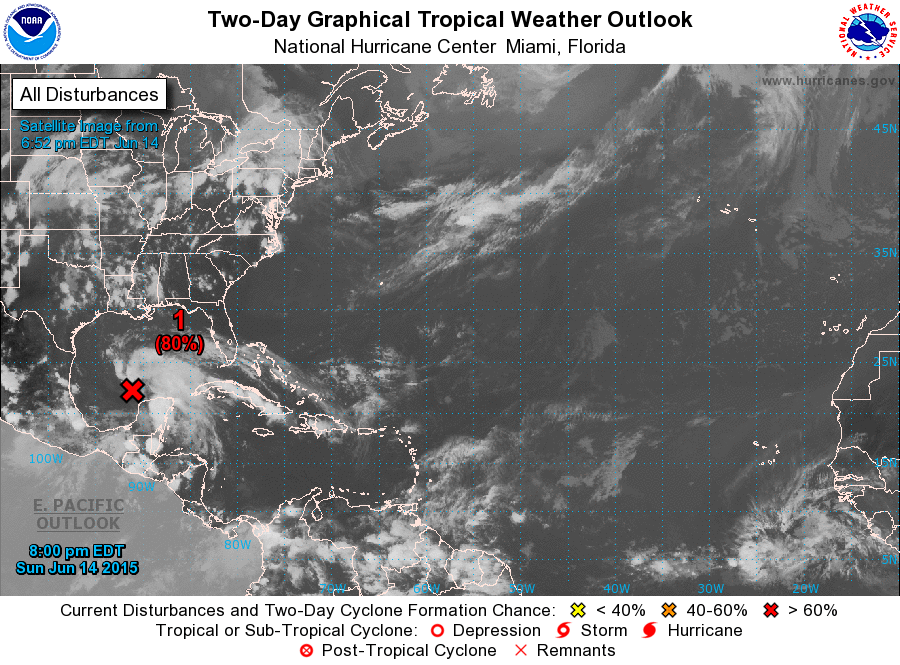
For the North Atlantic...Caribbean Sea and the Gulf of Mexico:

Data from an Air Force Reserve Unit Hurricane Hunter aircraft indicate that a broad area of low pressure has formed in association with the surface trough and upper-level low over the south-central Gulf of Mexico. However, the low's circulation is not well-defined, and the current shower and thunderstorm activity remains somewhat disorganized. The aircraft also found a large area of tropical storm force winds well to the north and northeast of the low. Upper-level winds are forecast to gradually become more favorable while this system moves northwestward during the next couple of days across the western Gulf of Mexico, and a tropical depression or tropical storm could form during that time. Another Hurricane Hunter aircraft will investigate this system Monday morning.

1. Interests in and along the northwestern Gulf of Mexico should monitor the progress of this system. Regardless of tropical cyclone formation, tropical storm conditions are possible along portions of the middle and upper Texas coast and the western Louisiana coast Monday night and Tuesday. There is also a risk of heavy rainfall and possible flooding across portions of eastern Texas and western Louisiana. For additional information, please see High Seas Forecasts and products issued by your local National Weather Service forecast office.
* Formation chance through 48 hours...high...80 percent
* Formation chance through 5 days...high...80 percent

High Seas Forecasts can be found under AWIPS header NFDHSFAT1 and WMO header FZNT01 KWBC.

Forecaster Brennan